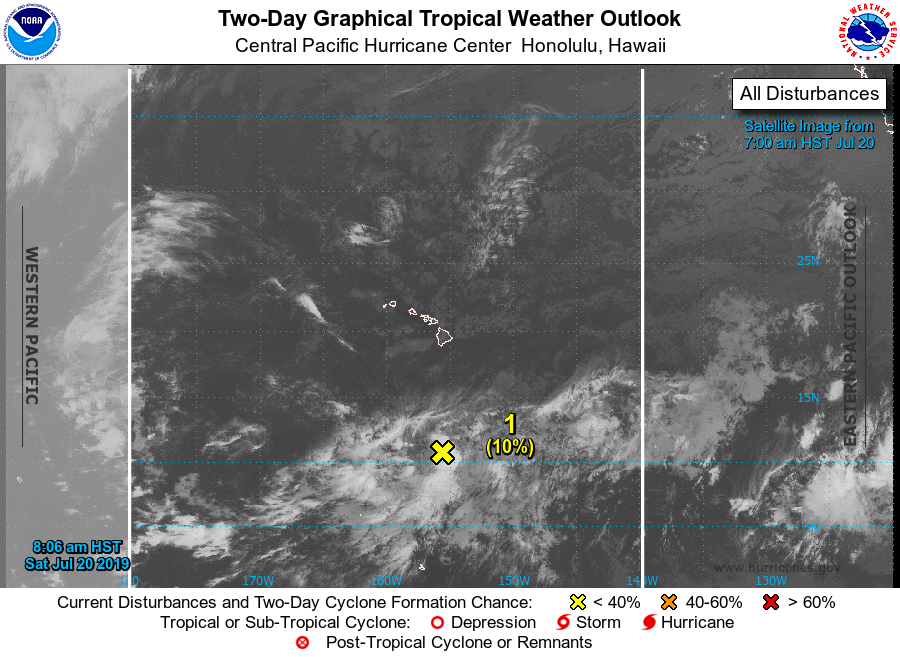
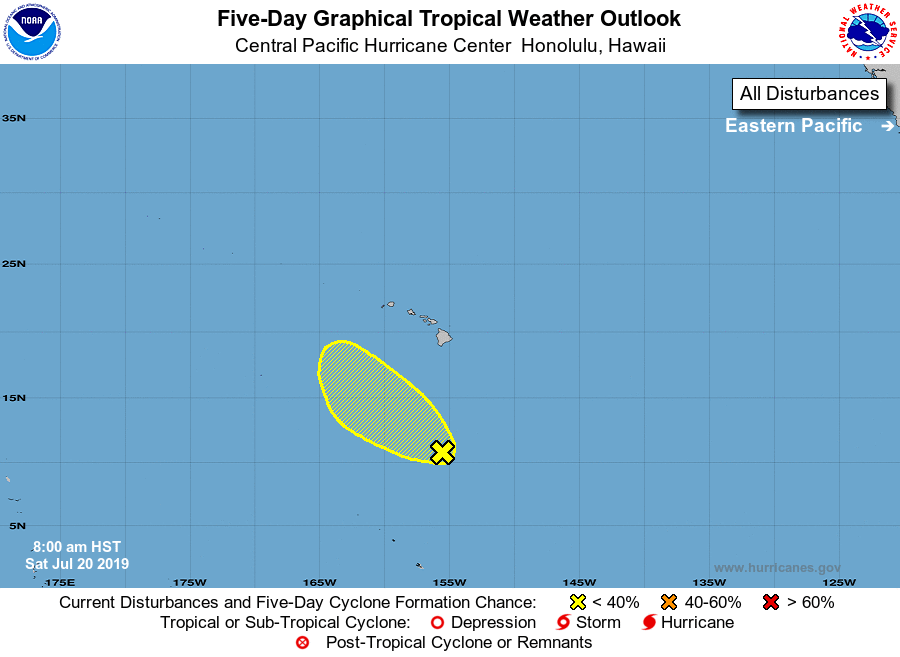
For the central North Pacific...between 140W and 180W:

1. An area of disturbed weather is located around 600 hundred miles south of the Big Island. Environmental conditions are forecast to remain marginally conducive for development over the next couple of days. After which, conditions will be less conducive for development.
* Formation chance through 48 hours...low...10 percent
* Formation chance through 5 days...low...10 percent

Elsewhere, no tropical cyclones are expected during the next 5 days.

Forecaster Kino